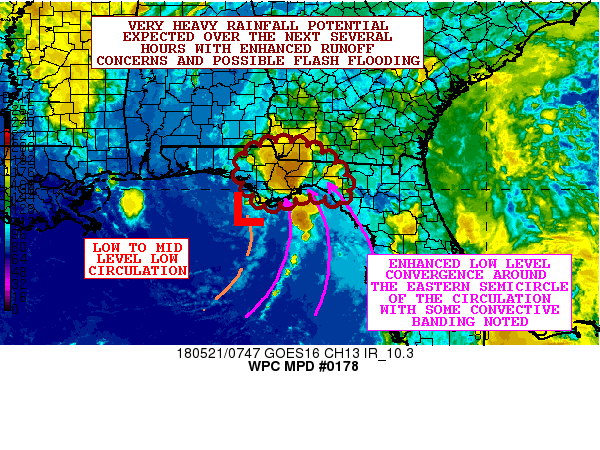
AREAS AFFECTED...PORTIONS OF THE FL PANHANDLE...EXTREME SOUTHWEST
GA

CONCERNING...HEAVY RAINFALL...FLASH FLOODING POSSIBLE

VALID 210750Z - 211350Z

SUMMARY...EXTREMELY HEAVY RAINFALL RATES ARE EXPECTED WITH THE
STRONG CONVECTION MOVING IN OFF THE NORTHEAST GULF OF MEXICO.
LOCALLY ENHANCED RUNOFF PROBLEMS AND FLASH FLOODING WILL BE
POSSIBLE.

DISCUSSION...THE LATEST GOES-16 CLEAN IR SATELLITE IMAGERY SHOWS A
CONCENTRATED BALL OF CONVECTION MOVING INLAND ACROSS THE FL
PANHANDLE WITH A FOCUS IN PARTICULAR ON WAKULLA...FRANKLIN AND
LIBERTY COUNTIES. THE CONVECTION IS ASSOCIATED WITH A LOW TO MID
LEVEL LOW CIRCULATION WITH ENHANCED LOW LEVEL CONVERGENCE SEEN
AROUND ITS EASTERN FLANK. IN FACT...THERE HAS BEEN SOME WEAK
CONVECTIVE BANDING FEATURES NOTED ALSO AROUND THE EASTERN
SEMICIRCLE OF THE CIRCULATION.

THE ACTIVITY OVER WAKULLA...FRANKLIN AND LIBERTY COUNTIES IS
CHARACTERIZED BY PERSISTENTLY COLD CONVECTIVE TOPS AND EMBEDDED IN
A VERY MOIST PWAT ENVIRONMENT WITH PWATS OF NEAR 2 INCHES. THE
RAINFALL RATES HERE ARE EXPECTED TO BE VERY HIGH...AND LIKELY
APPROACHING 3 INCHES/HR GIVEN THE PERSISTENTLY STRONG CONVECTIVE
FORCING AND AND RELATIVELY SLOW CELL MOTION. THE RAINFALL RATES IN
THE BANDS OF CONVECTION FARTHER EAST ARE LIKELY NOT AS HIGH...BUT
COULD STILL LOCALLY BE CAPABLE OF REACHING 2 INCHES/HR.

OVER THE NEXT SEVERAL HOURS...CONVECTION WILL CONTINUE TO MOVE
GRADUALLY FARTHER INLAND...ALONG THERE WILL BE POTENTIAL FOR
CONVECTIVE CELL TRAINING AS SUGGESTED BY THE LATEST SATELLITE AND
RADAR TRENDS.

THE 00Z HIRES CAM GUIDANCE AND RECENT RUNS OF THE HRRR/HRRRX
GUIDANCE HAVE BEEN UNIFIED IN SUGGESTING ENHANCED RAINFALL
POTENTIAL DURING THE OVERNIGHT HOURS AND WITH AS MUCH AS 4 TO 7
INCHES OF RAIN FORECAST.

EXPECT SOME LOCALLY ENHANCED RUNOFF PROBLEMS AND CONCERNS FOR
FLASH FLOODING GIVEN SUCH HEAVY RAINFALL RATES AND STORM TOTAL
POTENTIAL GOING THROUGH MID-MORNING. WILL CONTINUE TO MONITOR.